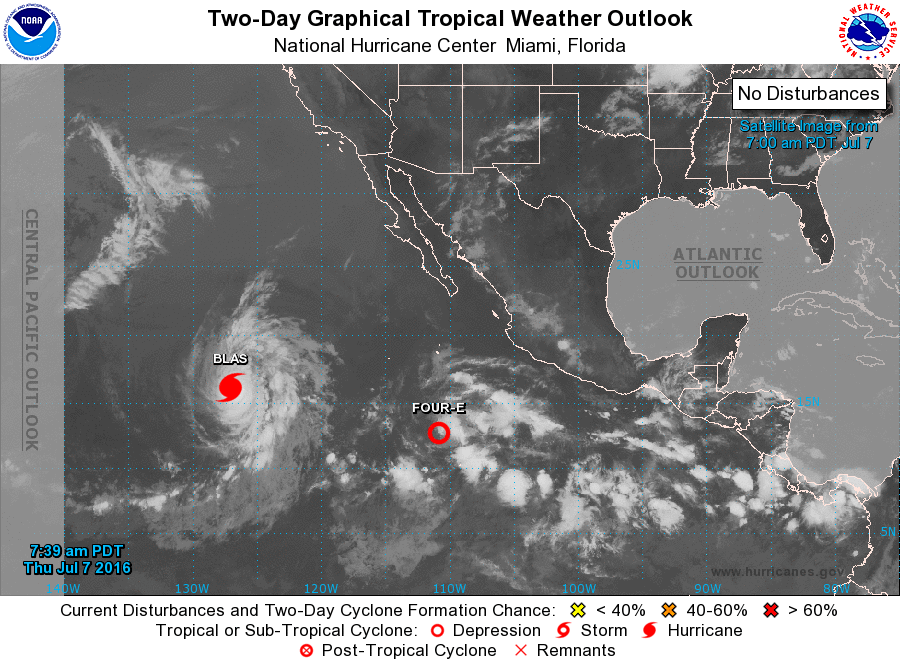
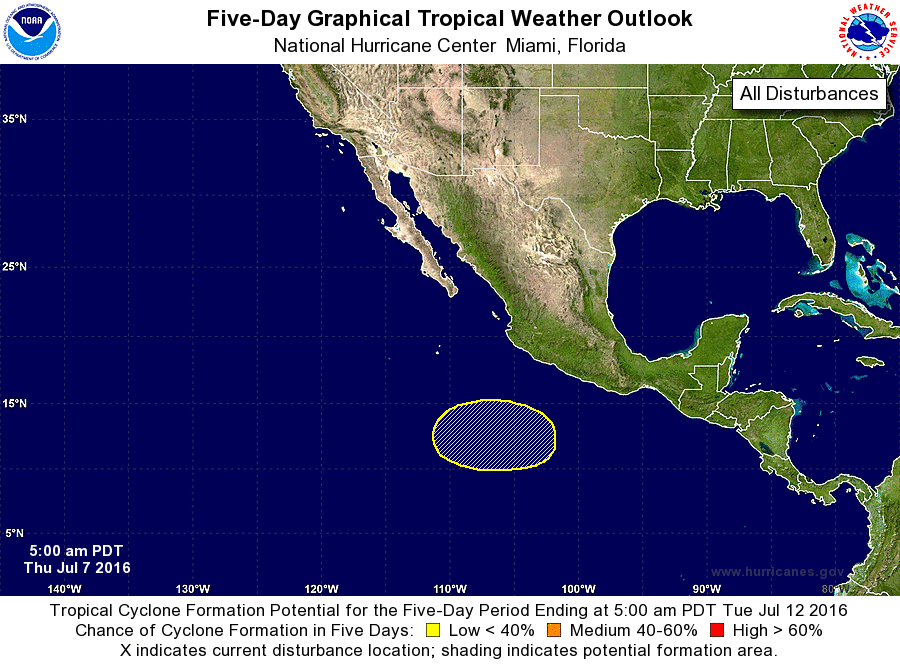
For the eastern North Pacific...east of 140 degrees west longitude:

The National Hurricane Center is issuing advisories on Hurricane Blas, located more than 1000 miles west-southwest of the southern tip of the Baja California peninsula, and on Tropical Depression Four-E, located several hundred miles south of the southern tip of the Baja California peninsula.

1. An area of low pressure is expected to form by early next week several hundred miles southwest of the coast of Mexico. Some subsequent development of this system is possible while it moves westward to west-northwestward.
* Formation chance through 48 hours...low...near 0 percent
* Formation chance through 5 days...low...20 percent

Public Advisories on Tropical Depression Four-E are issued under WMO header WTPZ34 KNHC and under AWIPS header MIATCPEP4. Forecast Advisories on Tropical Depression Four-E are issued under WMO header WTPZ24 KNHC and under AWIPS header MIATCMEP4.

Forecaster Brown